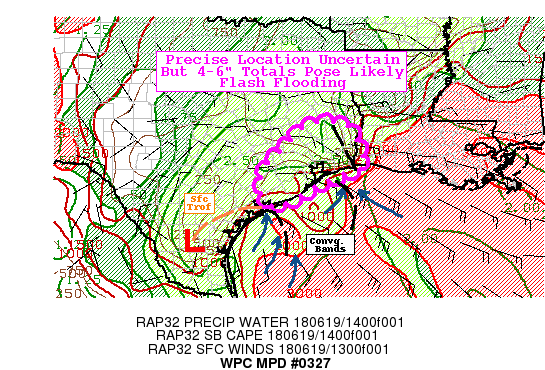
AREAS AFFECTED...SOUTHEAST TX...EXT SOUTHWESTERN LA...

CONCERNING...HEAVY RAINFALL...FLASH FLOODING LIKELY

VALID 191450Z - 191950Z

SUMMARY...GREATER UNCERTAINTY IN PRECISE LOCATIONS BUT GIVEN
EXTREMELY DEEP MOISTURE AND POTENTIAL FOR TRAINING BANDS...FLASH
FLOODING IS CONSIDERED LIKELY NEAR/ALONG THE SOUTHEAST TX COASTAL
REGION.

DISCUSSION...OUTER N-S ORIENTED CONVERGENCE BAND CONTINUES TO
PRODUCE PROLIFIC RAINFALL RATES OVER 2"/HR TRAINING.  UPPER LEVEL
SHORTWAVE THAT HAD BEEN INFLUENCING THIS LOW LEVEL CONVERGENCE
BAND BY LEADING SW TO NE CLOUD BEARING FLOW HAS EXITED TOWARD THE
NORTHEAST AND MEAN CLOUD BEARING FLOW HAS BEEN BACKING RECENTLY
AND BANDS ARE STARTING TO REFOCUS JUST OFFSHORE.  WEST OF THE
BAND...CLEARING SKIES ARE SUPPORTING INCREASING INSOLATION TO ADD
INSTABILITY TO THE UNSTABLE BUT SKINNY PROFILES PER LCH 12Z
SOUNDING...LEADING TO CAPES OVER 2000 TO 3000 J/KG.  STRONG MST
CONVERGENCE AND FLUX SUPPORTS 3-4"/HR RAINFALL RATES ESPECIALLY IN
THE TRAINING CONVECTION...AND LEAD TO LIKELY FLASH FLOODING RISK.

A SECONDARY BAND IN THE WESTERN GULF IS UNDER GREATER INFLUENCE OF
THE MCV/NARROW SYNOPTIC INVERTED MID-LEVEL TROF OVER DEEP SOUTH
TX.  MEAN FLOW IS DIRECTING THIS BAND NORTHWARD BUT RECENT VIS/IR
IMAGERY SUGGESTS SOME STRONG INFLOW IN THE LOW LEVEL IS ALLOWING
FOR INCREASE EASTWARD PROPAGATION THAT WOULD DIRECT CELLS TOWARD
MATAGORDA BAY AND EASTWARD.  HI-RES GUIDANCE IS SPLIT IN DIRECTION
OF DEVELOPMENT AND LEAD TO MORE NUMEROUS NARROWLY FOCUSED OF SE-NW
BANDS WITH REDUCED UPDRAFT CORES AND LOWER RAINFALL RATES AND
AREAL COVERAGE...OR INTO LESS BUT BROADER BANDS.  THE LATTER GIVEN
THE POTENTIAL OF RATES/FLUX HAVE A HIGH  LIKLIHOOD OF PRODUCING
4-6" RAINFALL TOTALS OVER THE NEXT 4-6HRS WITH SOME LOCALIZED
SPOTS OF 8" POSSIBLE.  CURRENT RADAR TRENDS WOULD FAVOR THIS
LATTER SOLUTION GIVEN THE OUTFLOW BOUNDARIES ROLLING NORTHEAST
FROM BOTH BANDS HELPING TO CONSOLIDATE INTO ONE LARGER BAND
FURTHER NORTHEAST TOWARD GALVESTON BAY/NORTHEAST BRAZORIA COUNTY.
THIS IS GENERALLY IN LINE WITH RECENT HRRR/RAP SOLUTIONS BUT A BIT
TOO FAR SOUTHWEST WITH NO ACCOUNTING FOR ONGOING BAND IN FAR SE
TX...SO THE AXIS OF HEAVIEST RAINFALL MAY BE FURTHER NORTHEAST
THAN THE HRRR/RAP SUGGEST.